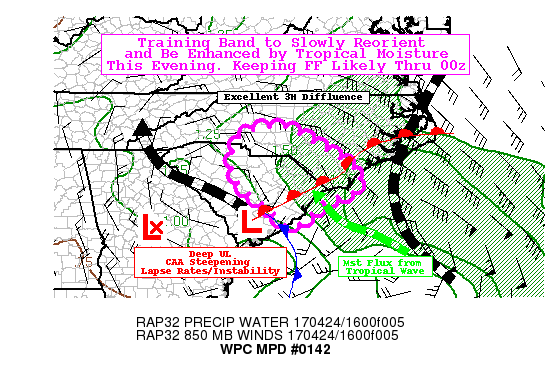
AREAS AFFECTED...SOUTH CENTRAL & SOUTHEASTERN NC...EASTERN SC

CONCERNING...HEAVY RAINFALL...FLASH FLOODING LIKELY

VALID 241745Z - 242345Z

SUMMARY...SLOW MOVING ONSHORE BANDS WITH TRAINING CONVECTIVE
ELEMENTS CONTINUE TO POSE FLOODING CONCERN.

DISCUSSION...DEEP UPPER LOW CONTINUING TO DRIFT ESE ACROSS CENTRAL
GA WITH NEARLY 120 DEGREES OF DIFFLUENCE ACROSS SC/NC CONTINUING
TO AID BROAD UVV ENVIRONMENT.  AT THE SURFACE A WEAK SURFACE 1004
MB REFLECTION JUST NORTH OF HILTON HEAD ISLAND WILL CONTINUE TO
HUG THE SC COAST ALONG A WARM FRONT THAT REMAINS NEARLY LOCKED TO
THE COAST FROM JUST NORTH OF CHS TO MYR TO NJM INTO THE OUTER
BANKS.  MAIN N-S ORIENTED BAND OF CONVECTION OVER E SC THAT HAD
BEEN FORCED BY LOW LEVEL CONFLUENCE AND ISENTROPIC ASCENT IS
CURRENTLY FADING HAVING EXHAUSTED MUCH OF THE LOCAL INSTABILITY IN
FAVOR OF UPSTREAM STRONGER HEIGHT FALLS AT LEADING EDGE OF CAA
DEPICTED IN GOES-16 WHICH HAVE LEAD TO AN INCREASE OF MLCAPE TO
1000 J/KG AROUND CHS WHICH IS LIFTED ISENTROPICALLY OVER THE FRONT
TO INTENSIFY THE LINE WITH 1.25-1.75"/HR RATES LIKELY.

ADDITIONALLY...LOW LEVEL FLOW HAS SLACKED A BIT ACROSS E SC/SE NC
IN THE SHORT-TERM AS CONVERGENCE BAND/MST SURGE EMANATING FROM THE
TROPICAL FEATURE SOUTHEAST IS ADVANCING TOWARD THE REGION SPARKING
ADDITIONAL SHOWERS ALONG THE WARM FRONT.  FLOW WILL CONTINUE TO
STRENGTHEN THROUGH THE EARLY AFTERNOON AS THE SFC GRADIENT
TIGHTENS WITH THE APPROACH OF THE SFC WAVE OUT OF THE TROPICAL
STREAM.  THIS WILL COME WITH AN INCREASE OF OVERALL MOISTURE WITH
TPWS INCREASING FROM 1.5 TO 1.75" TOWARD 21Z ALONG THE SC/NC
BORDER.  THIS WILL CORRESPOND WITH INCREASED RAINFALL EFFICIENCY
WITH RATES INCREASING FROM 1.5 TO 2.0"/HR AS WELL AS FOCUSED
ASCENT REORIENTING THE BAND FROM NW-SE TO MORE E-W THIS MAY BACK
THE LINE OVER AREAS THAT HAVE ALREADY BEEN AFFECTED OR WILL BE
AFFECTED IN THE NEXT FEW HOURS COMPOUNDING TOTALS WITH AN
ADDITIONAL 3-5" POSSIBLE NEAR ONGOING FLOODING CONDITIONS AS SUCH
FF REMAINS LIKELY HERE.  THIS IS SUPPORTED BY HI-RES CAMS
PARTICULARLY RECENT HRRR AND NAM CONEST AND 12Z GFS.

FURTHER NORTHWEST TOWARD CHARLOTTE...WITH WARM FRONT LIKELY TO NOT
ADVANCE NW ACROSS NC...TRAINING THUNDERSTORMS NEARER THE COAST
WILL WEAKEN THOUGH MODERATE SHIELD PRECIPITATION WITH OCCASIONAL
EMBEDDED CONVECTION MAY LEAK OVER TOWARD THE CHARLOTTE METRO AREA
WHERE RAINFALL TOTALS MAY NOT BE AS GREAT AS FURTHER SOUTHEAST BUT
1-2.5" POSSIBLE OVER THE NEXT 6HRS MAY EXCEED THE ALREADY LOW FFG
IN THAT REGION KEEPING FF THREAT POSSIBLE THROUGH 00Z.